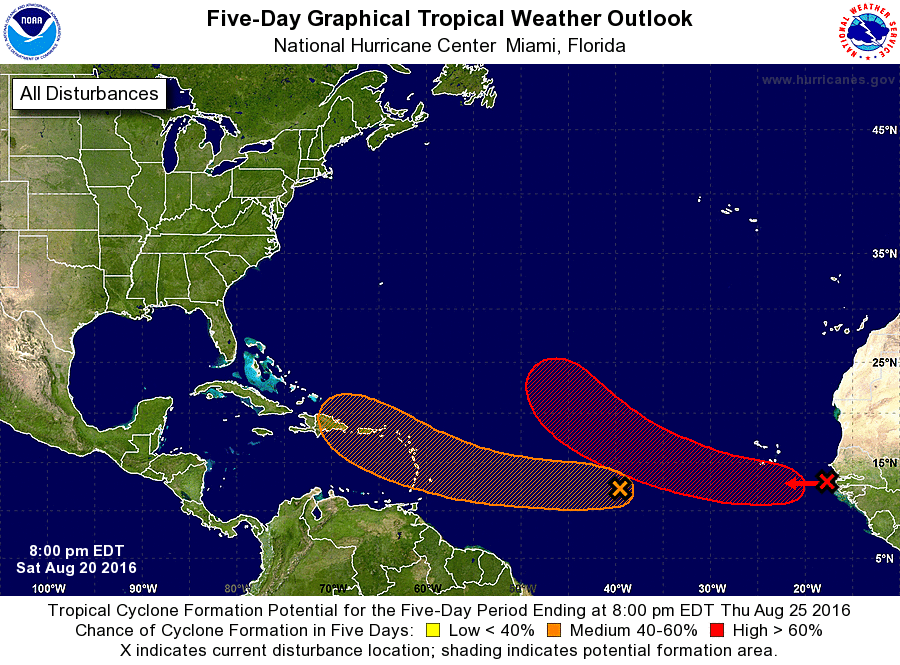
For the North Atlantic...Caribbean Sea and the Gulf of Mexico:

The National Hurricane Center is issuing advisories on Tropical Storm Fiona, located about 875 miles east-northeast of the Leeward Islands.

1. A broad area of low pressure, associated with a tropical wave, is located about midway between the west coast of Africa and the Lesser Antilles. The associated shower activity remains disorganized, and any development of this system during the next couple of days should be slow to occur due to its large size and proximity to dry air. Environmental conditions are forecast to be more conducive for development beyond a couple of days, and a tropical depression could form by the middle of next week while the system moves westward and then west-northwestward at 15 to 20 mph across the tropical Atlantic Ocean, through the eastern Caribbean Sea, and then near the Greater Antilles.
* Formation chance through 48 hours...low...10 percent
* Formation chance through 5 days...medium...60 percent

2. A weak area of low pressure, associated with another tropical wave, is moving off the coast of Senegal in western Africa while producing a large area of cloudiness and thunderstorms. Environmental conditions appear conducive for gradual development, and a tropical depression is likely to form in a few days while the system moves westward and then northwestward over the eastern tropical Atlantic Ocean.
* Formation chance through 48 hours...low...30 percent
* Formation chance through 5 days...high...70 percent

Forecaster Berg